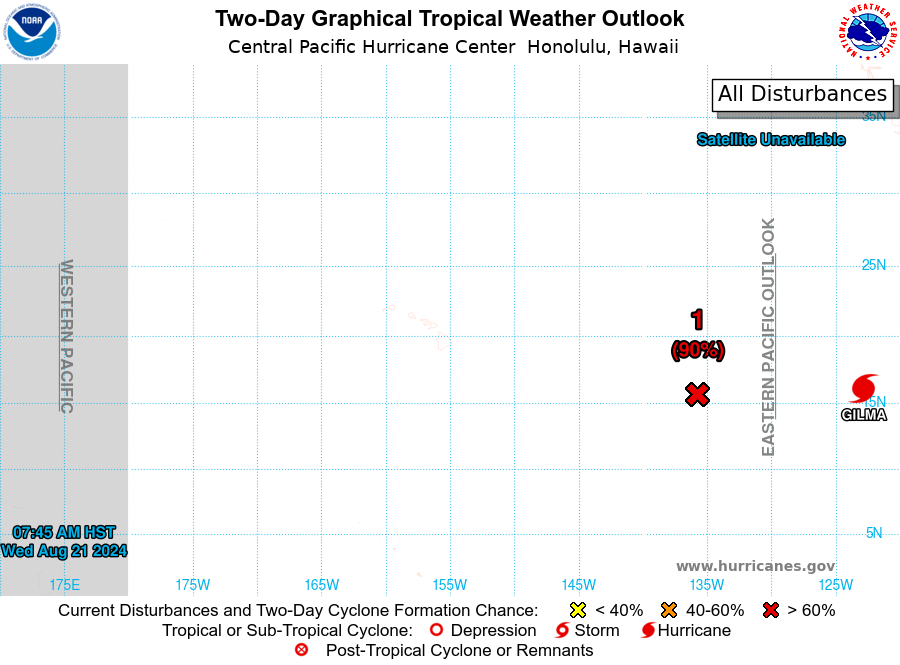
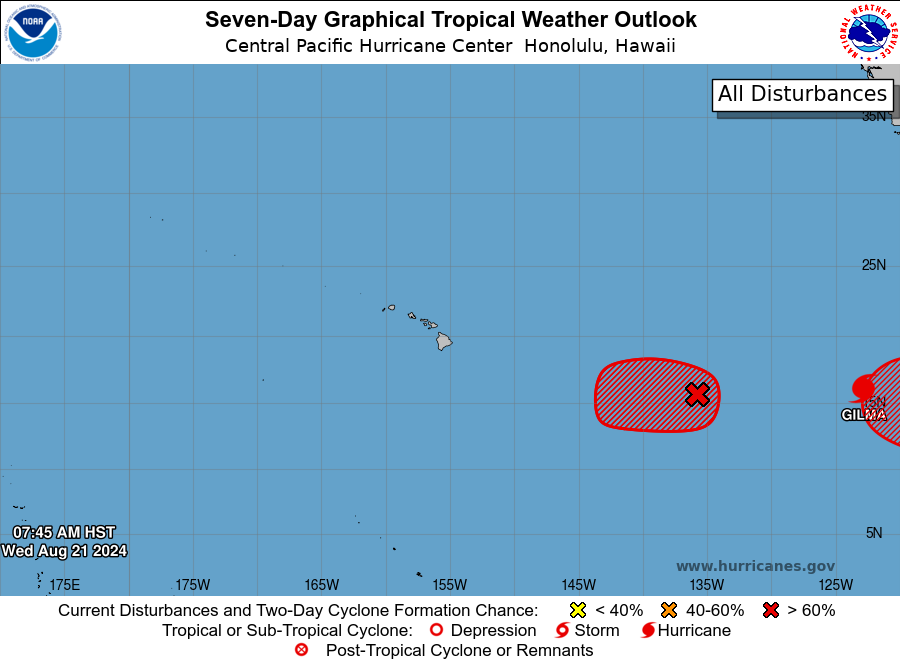
For the central North Pacific...between 140W and 180W:

1. Showers and thunderstorms have changed little in organization since last night in association with a well-defined area of low pressure located well east-southeast of the Hawaiian Islands. However, only a slight improvement in organization could result in the formation of a tropical depression or tropical storm later today while it moves generally westward at 10 to 15 mph. This system is expected to strengthen as it moves into the central Pacific basin tonight or on Thursday and moves near the Hawaiian Islands late this weekend or early next week.

Interests in Hawaii should closely monitor this disturbance, though it remains too early to determine the exact location and magnitude of potential impacts. For marine forecasts, including gale warnings, see High Seas Forecasts issued by the National Weather Service.
* Formation chance through 48 hours...high...90 percent.
* Formation chance through 7 days...high...90 percent.

Elsewhere, no tropical cyclones are expected during the next 7 days.

High Seas Forecasts issued by the National Weather Service can be found under AWIPS header NFDHSFEPI, WMO header FZPN02 KWBC, and on the web at ocean.weather.gov/shtml/NFDHSFEPI.php

The Tropical Weather Outlook for the Eastern Pacific basin can be found under AWIPS header HFOTWOEP and WMO header ABPZ20 KNHC and on the web at hurricanes.gov

Forecaster JVC